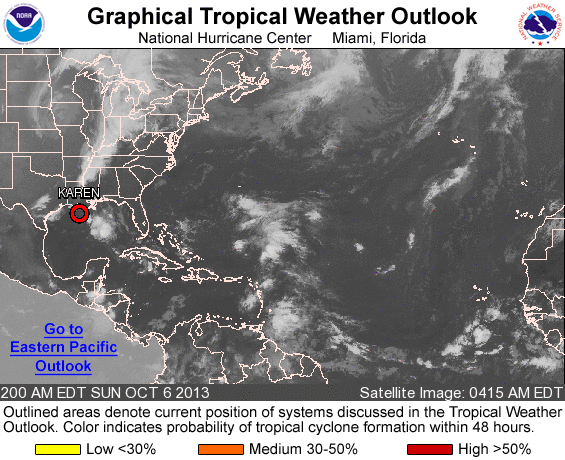
FOR THE NORTH ATLANTIC...CARIBBEAN SEA AND THE GULF OF MEXICO...

THE NATIONAL HURRICANE CENTER IS ISSUING ADVISORIES ON RECENTLY DOWNGRADED TROPICAL DEPRESSION KAREN...LOCATED OVER THE NORTH- CENTRAL GULF OF MEXICO.

TROPICAL CYCLONE FORMATION IS NOT EXPECTED DURING THE NEXT 48 HOURS.

OTHER SYSTEMS WITH FORMATION POTENTIAL BEYOND 48 HOURS...

AN AREA OF LOW PRESSURE COULD FORM OVER THE EASTERN TROPICAL ATLANTIC DURING THE NEXT FEW DAYS. SOME DEVELOPMENT OF THIS LOW IS POSSIBLE WHILE IT MOVES WEST-NORTHWESTWARD AT 10 TO 15 MPH. THIS SYSTEM HAS A LOW CHANCE...NEAR 0 PERCENT...OF BECOMING A TROPICAL CYCLONE DURING THE NEXT 48 HOURS...AND A MEDIUM CHANCE...30 PERCENT...OF BECOMING A TROPICAL CYCLONE DURING THE NEXT 5 DAYS.

&&
FIVE-DAY FORMATION PROBABILITIES ARE EXPERIMENTAL IN 2013. COMMENTS ON THE EXPERIMENTAL FORECASTS CAN BE PROVIDED AT...

HTTP://WWW.NWS.NOAA.GOV/SURVEY/NWS-SURVEY.PHP?CODE=ETWO

FORECASTER PASCH